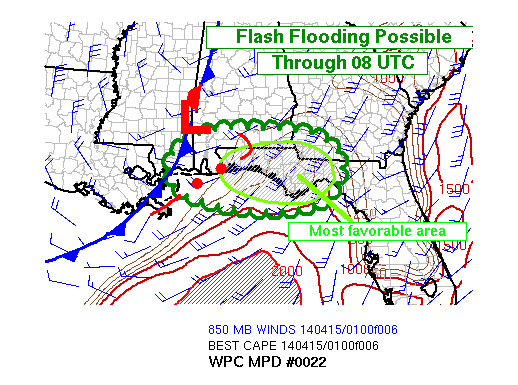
AREAS AFFECTED...FL PANHANDLE...SRN AL...SRN MS...FAR SW GA

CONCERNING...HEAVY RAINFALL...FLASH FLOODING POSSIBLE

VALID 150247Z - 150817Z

SUMMARY...SUSTAINED LOW LEVEL INFLOW WILL MAXIMIZE THE
RAINFALL/FLASH FLOODING POTENTIAL OVER THE FLORIDA PANHANDLE
THROUGH 08Z. THE CENTRAL GULF COAST WILL SEE OCCASIONAL DOWNPOURS
WITH LESS ORGANIZATION.

DISCUSSION...THE HEAVY RAIN EVENT ONGOING AT 0230Z HAD PRODUCED
SPOTTY 5-6 INCH AMOUNTS NEAR MOBILE...AND MORE GENERAL 2-3 INCH
AMOUNTS WHEREVER TRAINING OCCURRED. THE INTENSITY OF THE EVENT
OWES TO EFFICIENT RAINFALL WITH MODERATE INSTABILITY AND MINIMAL
HAIL PRODUCTION...IN A REGION OF SUSTAINED GULF INFLOW AND MID
LEVEL ASCENT. THIS COUPLET OF INFLOW/ASCENT WILL ADVANCE SLOWLY
EASTWARD OVERNIGHT. DESPITE HIGH FLASH FLOOD GUIDANCE VALUES IN
THIS REGION...TRAINING OF CELLS FROM WSW TO ENE DURING A SLOW
EASTWARD PUSH ON THE LARGE SCALE...WILL CONTINUE TO YIELD
ACCUMULATIONS CAPABLE OF CAUSING FLASH FLOODING LOCALLY.

SUPPORT FOR THIS EVENT WILL CONTINUE WELL INTO THE MORNING...BUT
INTENSITY SHOULD GRADUALLY DECLINE...ESPECIALLY BEYOND ABOUT 08Z
AS THE CONVECTION DISTANCES ITSELF TO THE EAST OF THE NARROWING
CAPE AXIS OVER THE NORTHEAST GULF. BACK TO THE WEST...AREAS THAT
ALREADY RECEIVED INTENSE RAIN WILL CONTINUE TO SEE OCCASIONAL
DOWNPOURS ASSOCIATED WITH ELEVATED CONVECTION NEAR AND BEHIND THE
ADVANCING SURFACE FRONT. THIS ACTIVITY SHOULD REMAIN DISORGANIZED
WHILE PRODUCING HEAVY RAIN RATES ONLY BRIEFLY AT A GIVEN LOCATION.